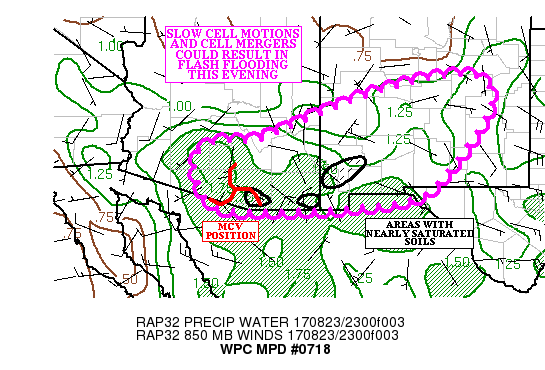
AREAS AFFECTED...SOUTHERN AZ INTO WESTERN AND CENTRAL NM

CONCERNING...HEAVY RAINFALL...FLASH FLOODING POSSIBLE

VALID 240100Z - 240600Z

SUMMARY...SLOW CELL MOTIONS AND CELL MERGERS OVER AREAS THAT
RECEIVED HEAVY RAINFALL EARLIER WILL FOSTER A FLASH FLOOD THREAT
THROUGH THE LATE EVENING HOURS.

DISCUSSION...THE EXPERIMENTAL GOES-16 CLEAN IR LOOP SHOWED THAT
TOPS WERE STILL COOLING ACROSS SOUTHERN AZ/NM EARLY THIS
EVENING... AS CONVECTION CONTINUES TO FIRE IN THESE AREAS. THE
CONVECTION IS FEEDING ON 1000-1500 J/KG OF OF MLCAPE (SUPPORTED BY
1500 J/KG OF SBCAPE ON THE 00Z EPZ SOUNDING)...THOUGH PORTIONS OF
FAR SOUTHEAST AZ AND FAR SOUTHWEST NM HAVE ACQUIRED SOME CIN AS
THE AIRMASS IN THESE LOCATIONS HAS BEEN OVERTURNED BY EARLIER
CONVECTION.

THE BEST MOISTURE IS ALIGNED IN AN AXIS OVER SOUTHERN AZ IN A
MODIFIED MONSOONAL FLOW...BUT THE 00Z EPZ SOUNDINGS INDICATED 1.25
INCH PRECIPITABLE WATER AIR REMAINING IN PLACE ACROSS SOUTHERNMOST
NM. THE RADARS IN KEMX AND KEPZ SHOWED HOURLY RAINFALL RATES IN
EXCESS OF 1.50 INCHES IN THIS AIRMASS. DRY AIR IN THE MID LEVELS
COULD SUPPORT HAIL...SO THESE AMOUNTS COULD BE HAIL CONTAMINATED.

BASED ON RADAR TRENDS...IT HAS BECOME CLEAR THAT THE BEST
CONVECTION WILL BE ASSOCIATED WITH THE MCV TRACKING NORTH ACROSS
SOUTH CENTRAL AZ...WHERE THE ADDED ASCENT SHOULD RESULT IN
ORGANIZATION. FURTHER EAST OVER SOUTHEAST AZ INTO SOUTHERN
NM...THE CONVECTION IS NOT AS ROBUST...BUT OUTFLOW BOUNDARIES FROM
EXISTING CONVECTION ARE ACTING TO SUPPORT FURTHER CONVECTIVE
DEVELOPMENT.  THE SLOW CELL MOTIONS ALONG THE OUTFLOW BOUNDARIES
COULD PROMOTE FLASH FLOODING...SO SOUTHEAST AZ AND SOUTHERN NM
WILL CONTINUE WITH A FLASH FLOOD THREAT... ALBEIT NOT AS ROBUST AS
PORTIONS OF SOUTH CENTRAL AZ.

THE LOSS OF HEATING SHOULD ALLOW THE CONVECTION TO WEAKEN BEFORE
06Z...BUT OUTFLOW DRIVEN CONVECTION COULD CONTINUE THE THREAT INTO
THE LATE EVENING HOURS.